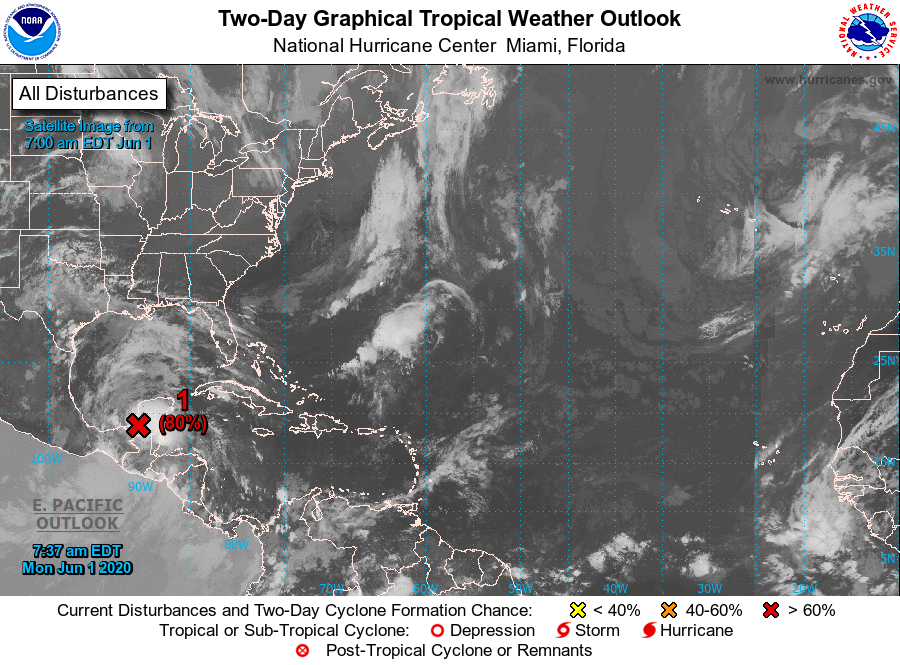
For the North Atlantic...Caribbean Sea and the Gulf of Mexico:

1. A large area of disturbed weather, associated with the remnants of eastern Pacific Tropical Storm Amanda, is located over the Yucatan peninsula of Mexico. This disturbance is forecast to move northwestward over the southeastern portion of the Bay of Campeche later today or tonight where environmental conditions are expected to be conducive to support development, and a new tropical depression is likely to form within within the next day or so. The system is then forecast to drift west or west-southwest over the southern Bay of Campeche through the middle of the week. Interests along the coast of the Bay of Campeche should monitor the progress of this disturbance. Regardless of tropical cyclone formation, heavy rainfall is likely to continue over portions of southern Mexico, Guatemala, El Salvador, Belize, and western Honduras during the next few days. For additional information on the rainfall threat, see products from your national meteorological service.
* Formation chance through 48 hours...high...80 percent.
* Formation chance through 5 days...high...80 percent.

Today marks the first day of the Atlantic hurricane season, which will run until November 30. Long-term averages for the number of named storms, hurricanes, and major hurricanes are 12, 6, and 3, respectively.

The list of names for 2020 is as follows:

Name Pronunciation Name Pronunciation ------------------------------------------------------------- Arthur AR-thur Laura LOOR-ruh Bertha BUR-thuh Marco MAR-koe Cristobal krees-TOH-bahl Nana NA-na Dolly DAH-lee Omar OH-mar Edouard ed-DWARD Paulette pawl-LET Fay fay Rene re-NAY Gonzalo gohn-SAH-loh Sally SAL-ee Hanna HAN-uh Teddy TEHD-ee Isaias ees-ah-EE-ahs Vicky VIH-kee Josephine JOH-seh-feen Wilfred WILL-fred Kyle KY-ull

Two tropical storms, Arthur and Bertha, already formed this year in May. The next named storm that develops this season will be Cristobal.

This product, the Tropical Weather Outlook, briefly describes significant areas of disturbed weather and their potential for tropical cyclone formation during the next five days. The issuance times of this product are 2 AM, 8 AM, 2 AM, and 8 PM EDT. After the change to standard time in November, the issuance times are 1 AM, 7 AM, 1 PM, and 7 PM EST.

A Special Tropical Weather Outlook will be issued to provide updates, as necessary, in between the regularly scheduled issuances of the Tropical Weather Outlook. Special Tropical Weather Outlooks will be issued under the same WMO and AWIPS headers as the regular Tropical Weather Outlooks.

A standard package of products, consisting of the tropical cyclone public advisory, the forecast/advisory, the cyclone discussion, and a wind speed probability product, is issued every six hours for all ongoing tropical cyclones. In addition, a special advisory package may be issued at any time to advise of significant unexpected changes or to modify watches or warnings.

The Tropical Cyclone Update is a brief statement to inform of significant changes in a tropical cyclone or to post or cancel watches or warnings. It is used in lieu of or to precede the issuance of a special advisory package. Tropical Cyclone Updates, which can be issued at any time, can be found under WMO header WTNT61-65 KNHC, and under AWIPS header MIATCUAT1-5.

All National Hurricane Center text and graphical products are available on the web at https://www.hurricanes.gov. You can also interact with NHC on Facebook at https://www.facebook.com/NWSNHC. Notifications are available via Twitter when select National Hurricane Center products are issued. Information about our Atlantic Twitter feed (@NHC_Atlantic) is available at https://www.hurricanes.gov/twitter.shtml.

Forecaster Brown